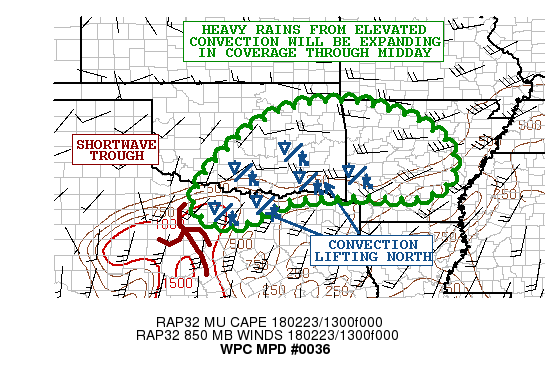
AREAS AFFECTED...NORTHERN TX...SOUTHERN/EASTERN
OK...WESTERN/CENTRAL AR

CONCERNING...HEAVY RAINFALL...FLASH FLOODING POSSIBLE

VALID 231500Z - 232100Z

SUMMARY...ADDITIONAL HEAVY RAINS ARE EXPECTED OVER SATURATED
SOIL...LOCALLY SIGNIFICANT RUNOFF AND/OR FLASH FLOODING CONCERNS
WILL CONTINUE.

DISCUSSION...THE GOES-16 RGB AIRMASS IMAGERY SHOWS A WELL-DEFINED
SHORTWAVE IMPULSE LIFTING NORTHEAST ACROSS CENTRAL TX THIS MORNING
WHICH IS EMBEDDED WITHIN AN OTHERWISE VERY MOIST SOUTHERN STREAM
UPPER JET THAT IS CONTINUING TO BRING MID AND HIGH LEVEL
SUBTROPICAL MOISTURE NORTHEAST FROM THE EASTERN TROPICAL PACIFIC
AND UP ACROSS MAINLAND MEXICO AND ADJACENT AREAS OF THE SOUTHERN
PLAINS AND LOWER MS VALLEY REGION.

MEANWHILE...A WELL-DEFINED POOL OF ELEVATED INSTABILITY IS NOTED
FROM 12Z RAOB DATA ACROSS MUCH OF CENTRAL TX AND EXTENDING DOWN TO
THE MIDDLE RIO GRANDE VALLEY. MUCAPE VALUES ARE EXCEEDING 1000
J/KG ACROSS AREAS OF NORTH-CENTRAL TX JUST TO THE SOUTH OF THE RED
RIVER AND THIS ENERGY WHICH IS EMBEDDED WITHIN A WELL-DEFINED WARM
ADVECTION PATTERN AHEAD OF THE SHORTWAVE TROUGH IS FOSTERING A
RATHER RAPID OUTBREAK OF ELEVATED CONVECTION. OVER THE LAST 1 TO 2
HOURS THERE HAS BEEN A GRADUAL INCREASE IN CONVECTIVE ORGANIZATION
ALONG WITH COOLING CLOUD TOPS AS SEEN IN GOES-16 IR SATELLITE
IMAGERY. RADAR IS SHOWING MULTIPLE SMALL SCALE CLUSTERS OF
CONVECTION GROWING IN COVERAGE WITH A COUPLE OF CELL-MERGERS CLOSE
TO OCCURRING.

OVER THE NEXT FEW HOURS...THE AFOREMENTIONED SHORTWAVE IS LIKELY
TO ALLOW HEAVY SHOWERS AND THUNDERSTORMS TO LIFT ACROSS
NORTH-CENTRAL TX AND THEN INTO SOUTHERN OK ACROSS THE RED RIVER AS
THE ENERGY INTERACTS FURTHER WITH THE NOSE OF A SOUTH/SOUTHWEST
LOW LEVEL JET OF 40 KTS AND WITH FAVORABLE MOISTURE/INSTABILITY
TRANSPORT. SOME EXPANSION OF CONVECTION BACK INTO WESTERN AR IS
POSSIBLE AS WELL.

EXPECT RAINFALL RATES OF AS MUCH AS 1 TO 1.25 INCHES/HR
LOCALLY...GIVEN THE AVAILABLE INSTABILITY AND GENERAL POOLING OF
1.2 TO 1.4 INCH PWATS SOUTH OF THE RED RIVER WHICH WILL BE LIFTING
NORTHEAST THROUGH MID-AFTERNOON. THE CAM GUIDANCE LED BY THE
HRRR...00Z HRW-ARW2 AND 06Z NAM-CONEST SUGGEST A SIGNAL FOR AS
MUCH AS ADDITIONAL 2 INCHES OF RAIN THROUGH ABOUT 21Z. WHILE THE
HEAVIEST RAINS SHOULD TEND TO FOCUS MORE ON NORTH-CENTRAL TX AND
SOUTHERN OK...THERE WILL BE AN ALIGNMENT OF HEAVIER CONVECTIVE
RAINS ATTEMPTING TO LIFT UP TOWARD NORTHEAST OK THIS AFTERNOON IN
LINE WITH THE STRONGEST WARM ADVECTION AND UPPER LEVEL FORCING.
AREAS FARTHER EAST ACROSS WEST-CENTRAL AR WILL LIKELY STILL SEE
SOME ADDITIONAL RAIN AS WELL...BUT THE RAINFALL RATES SHOULD BE A
BIT LOWER AND WITH LESS CONVECTIVE ORGANIZATION AT LEAST OVER THE
NEXT SEVERAL HOURS.

NEVERTHELESS...GIVEN THE WET ANTECEDENT CONDITIONS ACROSS THE
REGION...RUNOFF AND FLASH FLOOD CONCERNS WILL REMAIN IN PLACE.